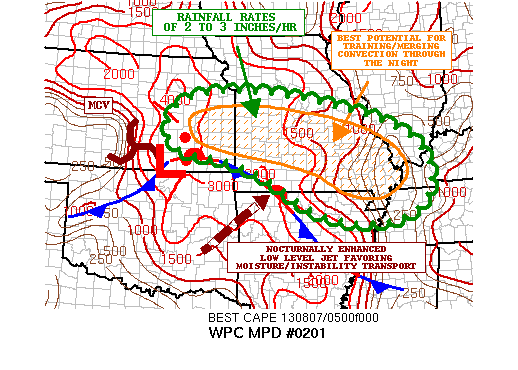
AREAS AFFECTED...SOUTHEAST KS...CENTRAL AND SOUTHERN
MO...NORTHEAST AR...FAR NORTHWEST TN...FAR WESTERN KY...FAR
SOUTHERN IL

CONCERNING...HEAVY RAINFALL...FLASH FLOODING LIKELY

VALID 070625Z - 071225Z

SUMMARY...AN MCS AIMING FOR SERN KS WILL LIKELY EXPAND IN COVERAGE
SOMEWHAT OVER THE NEXT FEW HOURS AND MERGE LATER IN THE NIGHT WITH
LINEAR CONVECTIVE BANDS SEEN DEVELOPING DOWNWIND INTO CNTRL MO.
EXPECTING ADDITIONAL AREAS OF SIGNIFICANT FLASH FLOODING GIVEN
SATURATED SOIL FROM RECENT HVY RAINFALL.

DISCUSSION...LATEST IR SAT IMAGERY SHOWS A COLD-TOPPED FORWARD
PROPAGATING MCS MOVING STEADILY EWD THROUGH S CNTRL KS WHERE CLOUD
TOPS HAVE BEEN DOWN AS LOW AS -75 TO -80C. MEANWHILE...SAT/RADAR
IMAGERY SHOW ONCE AGAIN THE DEVELOPMENT OF MULTIPLE LINEAR
CONVECTIVE BANDS DOWNWIND OF THE APPROACHING MCS. ONE BAND IS SEEN
NORTH OF KCNU...AND ANOTHER BAND WITH EVEN BETTER SIGNATURE NOW
OVER CNTRL MO NORTH OF KTBN. CONVECTON IS INCREASING IN COVERAGE
AND ORGANIZATION AS A NOCTURNALLY ENHANCED SWLY LOW LVL JET
INTERACTS WITH AND OVERRUNS A QUASI-STATIONARY FRONT. THE INCREASE
IN WARM ADVECTION ALONG WITH A SHARP ELEVATED INSTABILITY GRADIENT
AS PER LATEST RAP ANALYSIS SHOULD HELP FOSTER ADDITIONAL
CONVECTION OVERNIGHT...WITH A SIGNIFICANT CONCERN FOR TRAINING
CONVECTIVE BANDS AND EVENTUALLY CELL MERGERS AS THE UPSTREAM MCS
APPROACHES.

RAINFALL RATES OF 2 TO 3 INCHES/HR ARE EXPECTED AND POTENTIALLY
EVEN HIGHER INVOF CELL MERGERS. THIS COUPLED WITH THE ELEVATED
RISK OF TRAINING CONVECTION...ESP OVER CNTRL/SRN MO...AND ALREADY
SATURATED SOIL CONDITIONS...WILL FAVOR A THREAT FOR SIGNIFICANT
AND POTENTIALLY LIFE-THREATENING FLASH FLOODING. WILL CONTINUE TO
MONITOR.